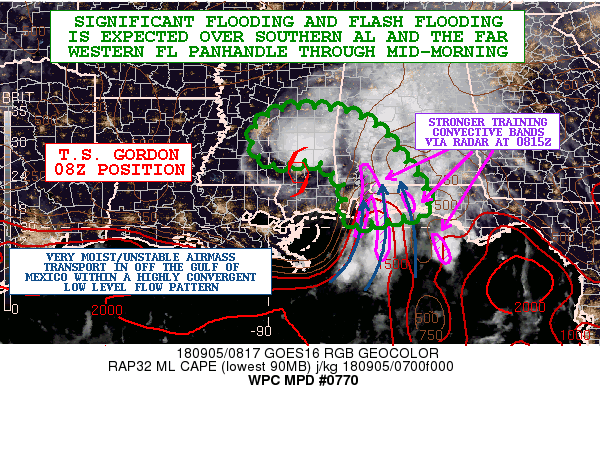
Areas affected...Central/Southern MS...West-Central to Southern
AL...Far western FL panhandle

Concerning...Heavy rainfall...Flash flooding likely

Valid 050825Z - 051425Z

Summary...Tropical Storm Gordon will continue to cause areas of
flooding and flash flooding. However, the worst of the conditions
should focus over southern AL through the early to mid morning
hours where significant flash flooding concerns will be expected
as very heavy rainfall trains over the same area.

Discussion...The latest radar, satellite and surface observations
indicate Tropical Storm Gordon moving farther inland across
southern MS. The latest GOES-16 WV suite shows a substantial
amount of mid level dry air getting entrained around the southwest
flank of the storms's circulation and this is resulting in the
convective rainfall orientation being completely focused around
the northern and eastern semicircles of the storm.

The heaviest rainfall is associated with the deep southerly
moisture and instability transport axis advancing in off the
northern Gulf of Mexico and across far southern AL. This is where
we have a nose of 2.5 inch PWATS and MLCAPE values of about 2000
j/kg. Strongly convergent low level flow here has been aiding a
well organized band of heavy showers and thunderstorms which has
been training south to north and only very gradually has the band
been shifting west as Gordon's circulation center advances off to
the northwest over southern MS.

Going through 12Z, the latest HRRR guidance strongly supports this
westward shift temporarily stopping which will continue to allow
for a south to north axis of training convection, and with
extremely heavy rainfall rates that could reach over 3 inches/hr.
Numerous runs of the HRRR are favoring as much as 4 to 8 inches of
additional rainfall potential through mid-morning with an emphasis
on southwest to far southern AL and edging again back across the
far western FL panhandle. Significant flooding and flash flooding
concerns will exist over these areas as a result.

Meanwhile, closer to the circulation of Gordon over southern MS,
the airmass is considerably more stable, and the rainfall
advancing up across west-central AL and toward central MS is
generally of a moderate to locally heavy rainfall character at
this time with little in the way of deep convection. Thus,
expecting considerably less rainfall amounts here by comparison,
with additional totals of as much as 2 to 4 inches. Some flooding
concerns here are expected, but again the dominant focus will on
southern AL and the far western FL panhandle at least through
mid-morning where extremely heavy rainfall and significant
concerns for flooding and flash flooding are expected.